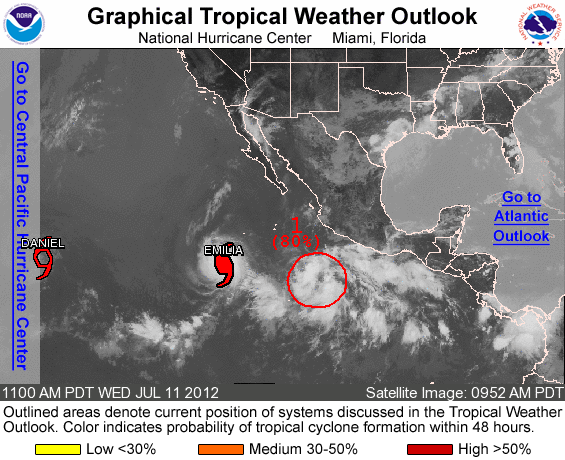
FOR THE EASTERN NORTH PACIFIC...EAST OF 140 DEGREES WEST LONGITUDE..

THE NATIONAL HURRICANE CENTER IS ISSUING ADVISORIES ON HURRICANE EMILIA...LOCATED ABOUT 750 MILES SOUTHWEST OF THE SOUTHERN TIP OF BAJA CALIFORNIA.

1. SHOWER ACTIVITY ASSOCIATED WITH A LOW PRESSURE SYSTEM LOCATED ABOUT 425 MILES SOUTH OF MANZANILLO MEXICO CONTINUES TO SHOW SIGNS OF ORGANIZATION. ENVIRONMENTAL CONDITIONS ARE CONDUCIVE FOR DEVELOPMENT...AND A TROPICAL DEPRESSION COULD FORM LATER TODAY OR THURSDAY. THIS SYSTEM HAS A HIGH CHANCE...80 PERCENT...OF BECOMING A TROPICAL CYCLONE DURING THE NEXT 48 HOURS AS IT MOVES WEST-NORTHWESTWARD AT ABOUT 10 MPH.

ELSEWHERE...TROPICAL CYCLONE FORMATION IS NOT EXPECTED DURING THE NEXT 48 HOURS.

FORECASTER AVILA